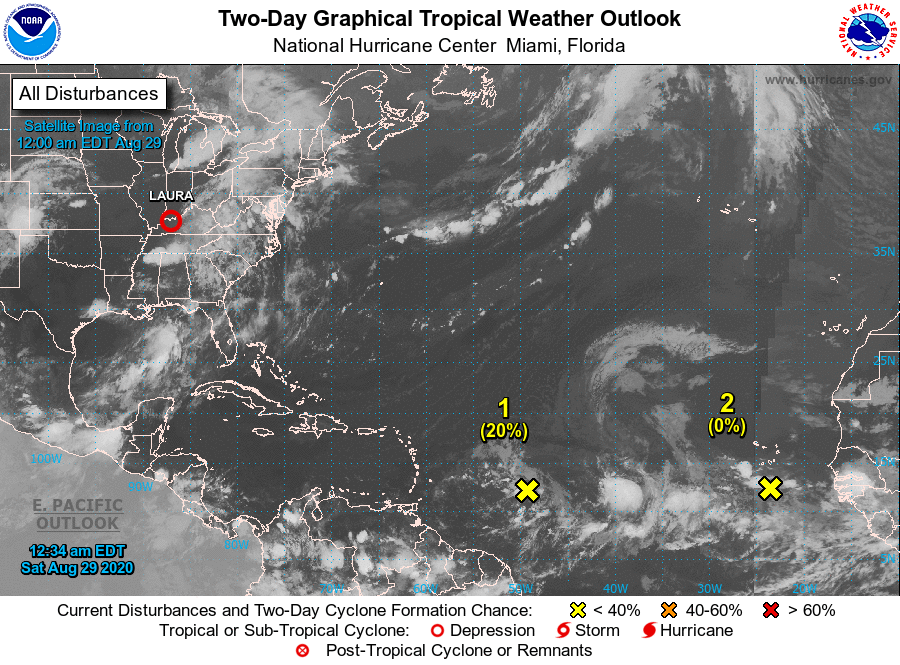
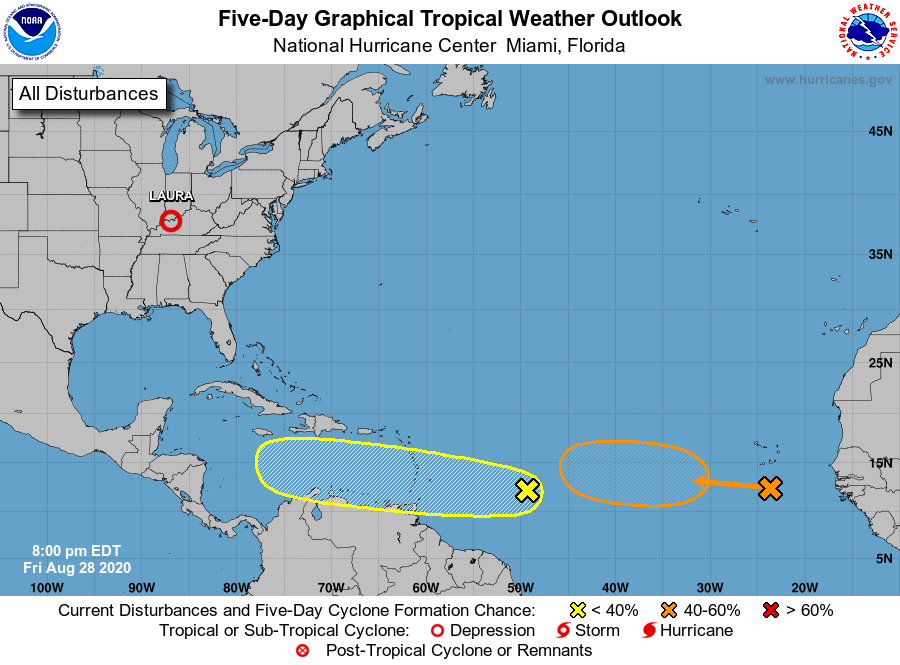
For the North Atlantic...Caribbean Sea and the Gulf of Mexico:

The Weather Prediction Center is issuing advisories on Tropical Depression Laura, located inland over western Kentucky.

1. A tropical wave located about 800 miles east of the Windward Islands is producing a disorganized area of showers and thunderstorms. Some gradual development of this system is possible during the next several days while it moves westward at about 15 mph toward the Lesser Antilles.
* Formation chance through 48 hours...low...20 percent.
* Formation chance through 5 days...low...30 percent.

2. Another tropical wave is located over the eastern Atlantic Ocean near the Cabo Verde Islands. This system is expected to move very slowly for the next several days, and some development is possible early next week over the eastern or central tropical Atlantic.
* Formation chance through 48 hours...low...near 0 percent.
* Formation chance through 5 days...medium...40 percent.

Public Advisories issued by the Weather Prediction Center on Tropical Depression Laura can be found under AWIPS header TCPAT3, WMO header WTNT33 KWNH, and on the web at https://www.wpc.ncep.noaa.gov and https://www.hurricanes.gov.

Forecaster Pasch